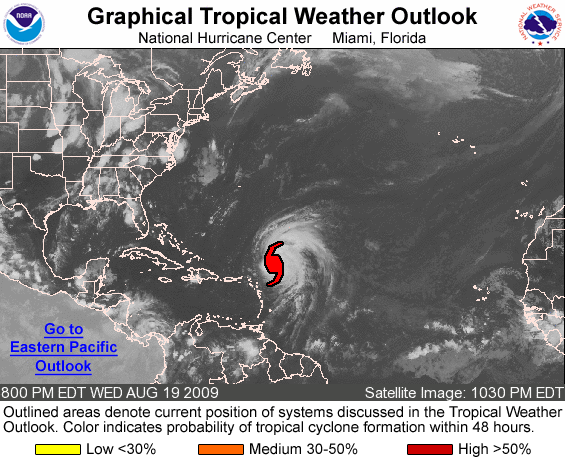
FOR THE NORTH ATLANTIC...CARIBBEAN SEA AND THE GULF OF MEXICO...

THE NATIONAL HURRICANE CENTER IS ISSUING ADVISORIES ON HURRICANE BILL...LOCATED ABOUT 335 MILES NORTHEAST OF THE LEEWARD ISLANDS.

ELSEWHERE...TROPICAL CYCLONE FORMATION IS NOT EXPECTED DURING THE NEXT 48 HOURS.

FORECASTER BROWN